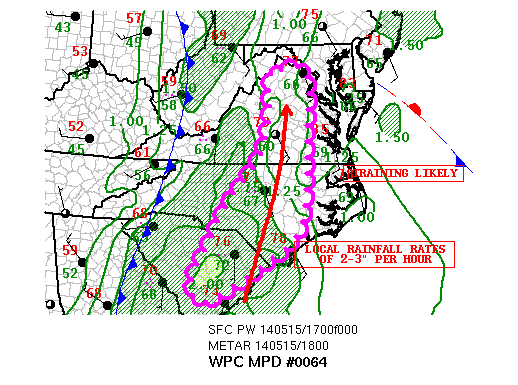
AREAS AFFECTED...SC..CNTL NC..CNTL VA...

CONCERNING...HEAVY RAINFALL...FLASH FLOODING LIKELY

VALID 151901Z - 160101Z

SUMMARY...SLOW EASTWARD PROGRESSION OF NORTH/SOUTH PREFRONTAL
CONVECTIVE LINE WILL LIKELY PRODUCE SHORT TERM RAINFALL RATES OF 2
INCHES PER HOUR FROM CENTRAL SC INTO NORTHERN VA THRU EARLY THURS
EVENING AS ACTIVITY WORKS OFF OF UNSEASONABLY STRONG MSTR FLUX AND
DAYTIME INSTABILITY. lOCAL RAINFALL AMOUNTS OF UP TO 5 INCHES IN
SEVERAL HOURS MAY OCCUR INCREASING THREAT OF FLASH FLOODING.

DISCUSSION...WIDESPREAD SHOWERS AND TSTMS ACCOMPANIED BY MDT TO
HEAVY RAIN CONTINUES TO EXPAND AHEAD OF HIGH AMPLITUDE UPR TROF
PUSHING VERY SLOWLY EWD ACRS THE ERN U.S.  DEEP LAYERED SLY FLOW
AHEAD OF THE TROF CONTINUES TO FUNNEL UNSEASONABLY HIGH PWS IN
EXCESS OF 2 INCHES FROM THE WRN ATLC/ERN GULF UP THRU THE
CAROLINAS.

RADAR CONTINUES TO SHOW STRONG N/S BAND OF CONVECTION DVLPG FROM
CNTL VA SWD INTO SC WITH ACTIVITY LIKELY TO CONTINUE TO EXPAND
SLOWLY EWD TOWARD INCREASING INSTABILITY TO THE EAST.  BOTH RADAR
AND SATL IMAGERY SHOW REMAINS OF WEAK MCV LIFTING NWD IN THE MEAN
FLOW ACRS ERN GA WHICH WILL LIKELY AID LIFT AS IT CONTINUES NWD
ACRS SC TOWARD NC THIS AFTN/EVENING.  HI RES GUIDANCE REMAINS WELL
BEHIND OBSERVED CONVECTION BUT DOES SUGGEST POTNL FOR SOME
LOCALIZED AMOUNTS IN EXCESS OF 5 INCHES OVER THE OUTLOOK AREA
WHICH SEEMS LIKELY GIVEN TRAINING POTNL SET UP WITH DEEP LAYERED
SOUTHERLY FLOW.